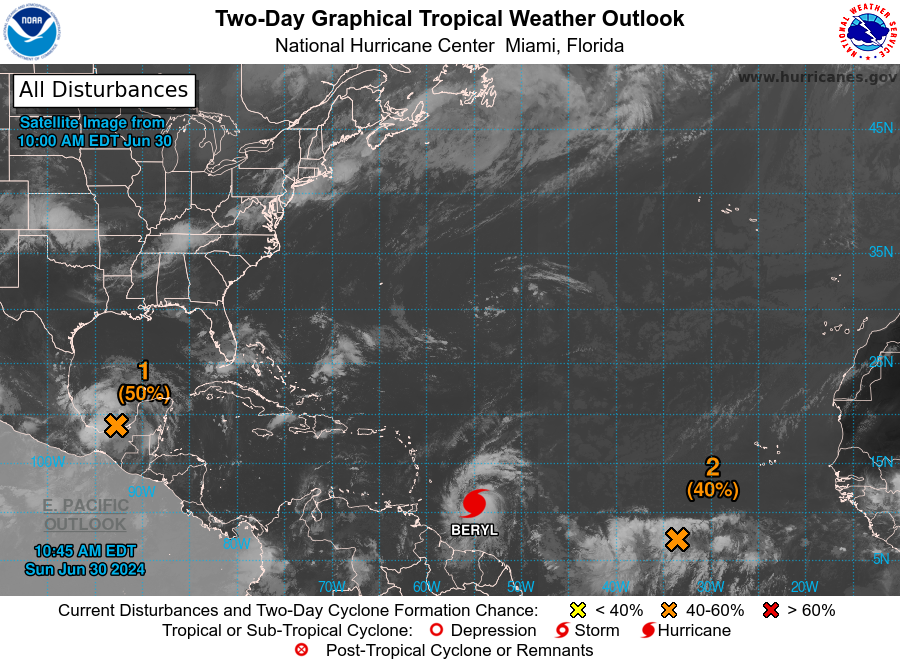
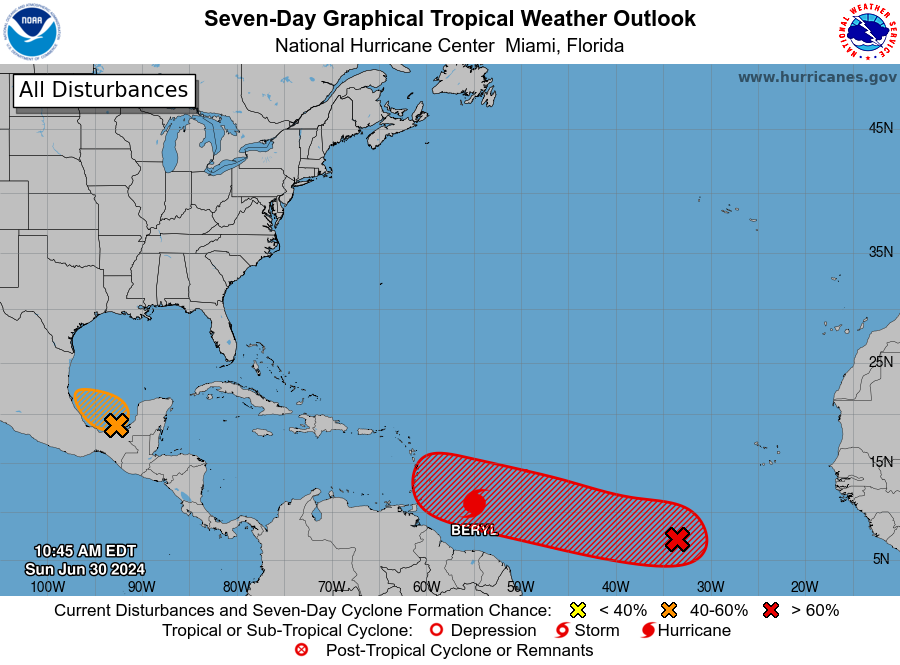
For the North Atlantic...Caribbean Sea and the Gulf of Mexico:

Active Systems: The National Hurricane Center is issuing advisories on Hurricane Beryl, located several hundred miles east of the Windward Islands.

1. Southwestern Gulf of Mexico (AL94): An area of low pressure located over the southern portion of the Bay of Campeche is producing disorganized showers and thunderstorms. Environmental conditions appear conducive for further development, and a short-lived tropical depression could form before the system moves inland over Mexico on Monday morning. Interests along the Gulf Coast of Mexico should monitor the progress of this system. Regardless of development, heavy rainfall associated with the area of low pressure will continue to affect portions of Central America and Mexico through early next week. An Air Force reconnaissance aircraft is scheduled to investigate the system later today.
* Formation chance through 48 hours...medium...50 percent.
* Formation chance through 7 days...medium...50 percent.

2. Eastern Tropical Atlantic (AL96): Showers and thunderstorms continue in association with an area of low pressure located several hundred miles southwest of the Cabo Verde Islands. Environmental conditions appear conducive for additional development of this system, and a tropical depression is likely to form by the middle part of this week while it moves generally westward at 15 to 20 mph across the eastern and central tropical Atlantic.
* Formation chance through 48 hours...medium...40 percent.
* Formation chance through 7 days...high...70 percent.

Forecaster Roberts